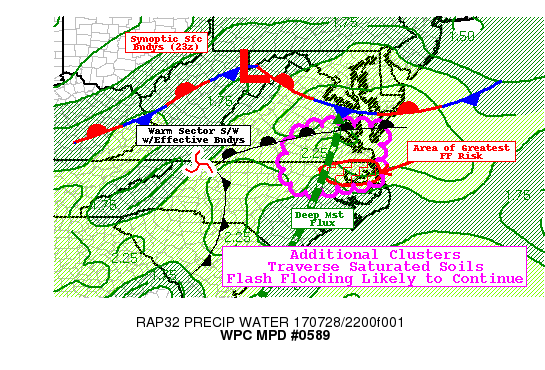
AREAS AFFECTED...SOUTHEAST VA...NORTHEAST NC

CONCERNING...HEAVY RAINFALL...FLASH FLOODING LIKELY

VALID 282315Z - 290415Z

SUMMARY...WARM SECTOR CONVECTION DEVELOPING LIKELY TO TRAVERSE
AREAS AFFECTED BY ONGOING FLOODING CONCERNS.

DISCUSSION...WITHIN THE LARGER SYNOPTIC SCALE DEVELOPING WAVE IS A
SMALLER SCALE SHORTWAVE EXITING THE CENTRAL APPALACHIANS ATTM IN
NW NC.  RADAR/SATELLITE MOSAICS DENOTE THIS WARM SECTOR WAVE
SHOWING ADDITIONAL FRONTAL STRUCTURE WITH VERY POTENT NORTH-SOUTH
ARC OF CONVECTION WITH SEVERE WINDS CROSSING CENTRAL NC/SC ACTING
AS THE SUB-SCALE COLD FRONT WHILE AN E-W DEFORMATION ZONE
EFFECTIVELY ACTS AS THE WARM FRONT SUPPORTING STRONG CONVECTION
ACROSS THE NORTHERN NECK (SEE MPD 586 FOR MORE DETAILS).

IT IS WITHIN THIS WAVE'S WARM SECTOR... ACROSS THE E
PIEDMONT/COASTAL PLAIN OF SE VA/NE NC THAT NEW CONVECTION AS
RAPIDLY DEVELOPED IN A VERY MOIST/UNSTABLE ENVIRONMENT REPRESENTED
BY MID 80S TS AND LOW TO MID 70S TDS SUPPORTING SBCAPES TO 3000
J/KG.  GIVEN THE OVERALL LARGE SCALE ASCENT IN THE VICINITY FROM
THE DPVA...A FEW CLUSTERS OVER EXPANSIVE AREA (NE OF RAH, W OF
AKQ) HAVE DEVELOPED WITH RATES AOA 2"/HR WHICH HAS THE POTENTIAL
FOR 1-2 HOURS OF DURATION GIVEN ITS AREAL EXPANSE AND POSES A
FLASH FLOODING RISK.  THIS MAY EVEN BE FURTHER EXACERBATED AS THE
PIVOT TO THE WAVE MAY TRACK THROUGH SIMILAR AREAS NEAR/NORTH OF
THE VA/NC LINE.

OF GRAVE CONCERN IS THE SOUTHERN CLUSTER GIVEN ITS TRAJECTORY WILL
BE THROUGH AN AREA ALREADY AFFECTED BY FLASH FLOODING IN NE NC.
WITH AN ADDITIONAL 2-3" OF RAIN HERE...FLASH FLOODING IS LIKELY TO
CONTINUE.